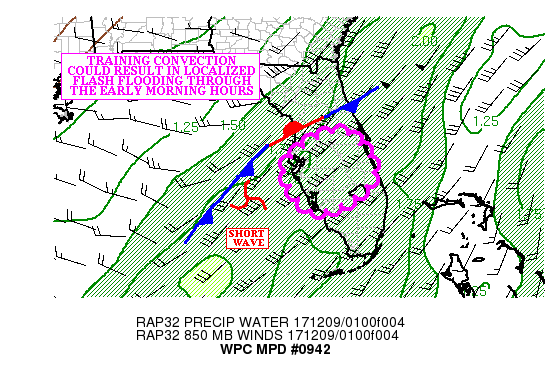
AREAS AFFECTED......PORTIONS OF CENTRAL FL...

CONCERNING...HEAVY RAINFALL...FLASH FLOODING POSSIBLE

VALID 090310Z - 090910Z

SUMMARY...CONVECTION OVER THE EASTERN GULF OF MEXICO COULD TRAIN
ACROSS PORTIONS OF CENTRAL FL...POSING A FLASH FLOOD THREAT INTO
THE EARLY MORNING HOURS.

DISCUSSION...REGIONAL RADARS CONTINUED TO SHOW SCATTERED
CONVECTION DEVELOPING AHEAD OF A SHORT WAVE OVER THE EASTERN GULF
OF MEXICO. THE MOST RECENT IR LOOP INDICATED SLOWLY COOLING TOPS
WITH THE CONVECTION... AS IT FORMS ALONG AN AXIS OF 1500-2500 J/KG
EXTENDING ACROSS CENTRAL AND SOUTHWEST FL (THE 00Z KTBW SOUNDING
SHOWED 1900+ J/KG OF SBCAPE). A 30 TO 40 KNOT LOW LEVEL FLOW (PER
RECENT REGIONAL VWP) CONTINUES TO TRANSPORT 2.00 INCH PRECIPITABLE
WATER AIR (WHICH IS ABOUT TWO STANDARD DEVIATIONS ABOVE THE MEAN)
AHEAD OF THE DEVELOPING CONVECTION.

THE KTBW RADAR SHOWED HOURLY RAINFALL RATES NEAR AN INCH WITH THE
ACTIVITY FROM PINELLAS SOUTH THROUGH MANATEE COUNTIES.
TO THIS POINT...THE CONVECTION HAS REMAINED SCATTERED...BUT THIS
IS EXPECTED TO CHANGE AS LOW PRESSURE FORMS ON A STATIONARY FRONT
EAST OF THE SC COAST...DRAGGING A COLD FRONT ACROSS CENTRAL AND
SOUTH FL BETWEEN 05Z AND 09Z.

DIVERGENCE INCREASES ACROSS CENTRAL AND SOUTH FL IN THE RIGHT REAR
QUADRANT OF A 130 KNOT JET STREAK CROSSING THE SOUTHEAST STATES
INTO THE MID ATLANTIC. THIS SHOULD SUPPORT MORE ORGANIZED LINES OF
CONVECTION MOVING ASHORE BETWEEN KTPA AND KFMY. THERE IS A MULTI
HIGH RESOLUTION MODEL SIGNAL (LED BY THE MOST RECENT HRRR) FOR
LOCAL 2.00 TO 4.00 INCH RAINFALL AMOUNTS BETWEEN THE
ABOVEMENTIONED LOCATIONS. EACH MODEL INDICATES THAT TRAINING
BECOMES MORE OF A CONCERN AS PROPAGATION VECTORS SLOW AHEAD OF THE
FRONT.

THREE HOUR FLASH FLOOD GUIDANCE VALUES ARE FAIRLY HIGH (GENERALLY
ABOVE 3.50 INCHES)  SO TRAINING WOULD BE NECESSARY TO SUPPORT
FLASH FLOODING CONCERNS. GIVEN THE DEEP MOISTURE IN PLACE...AND
THE POTENTIAL FOR TRAINING...LOCAL FLASH FLOODING IS POSSIBLE
THROUGH ABOUT 09/09Z.